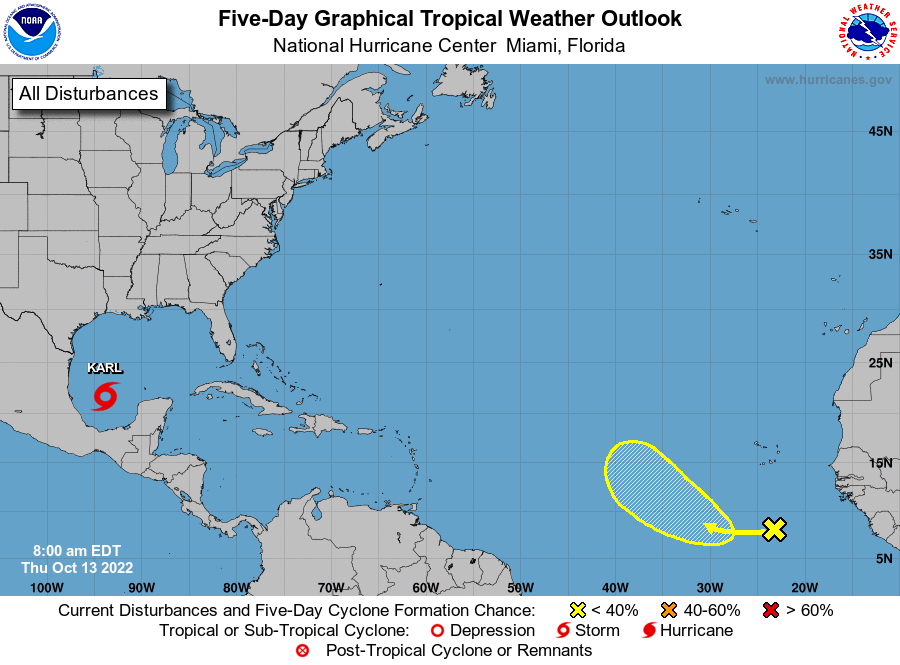
For the North Atlantic...Caribbean Sea and the Gulf of Mexico:

Active Systems: The National Hurricane Center is issuing advisories on Tropical Storm Karl, located over the southwestern Gulf of Mexico.

1. Eastern Tropical Atlantic: A large area of disorganized showers and thunderstorms located several hundred miles south of the Cabo Verde Islands is associated with a tropical wave. Environmental conditions appear marginally favorable for some slow development of this system as it moves westward to west-northwestward at 5 to 10 mph over the tropical Atlantic through early next week.
* Formation chance through 48 hours...low...near 0 percent.
* Formation chance through 5 days...low...20 percent.

Forecaster Brown